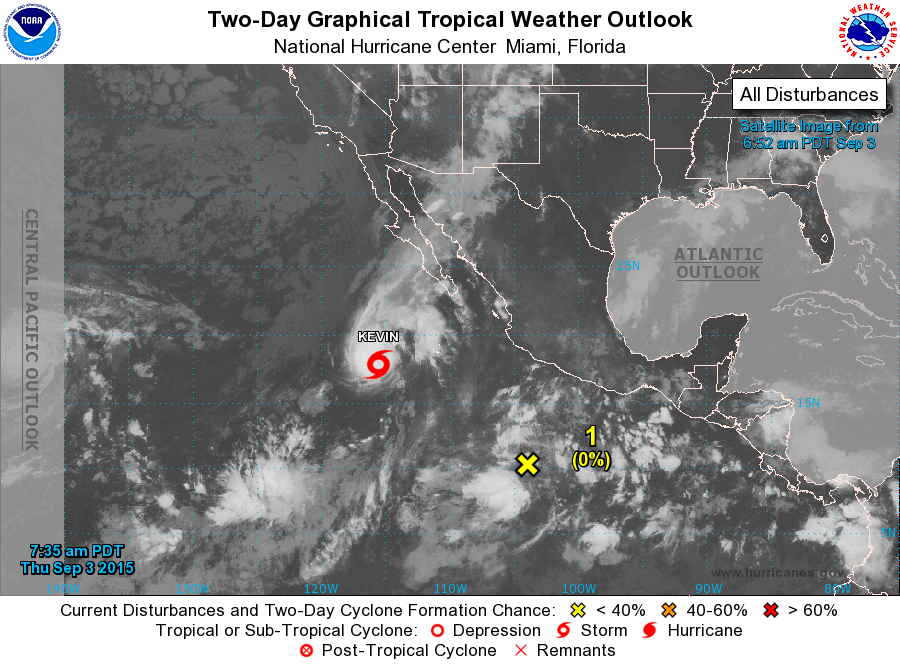
For the eastern North Pacific...east of 140 degrees west longitude:

The National Hurricane Center is issuing advisories on recently upgraded Tropical Storm Kevin, located several hundred miles southwest of the southern tip of the Baja California peninsula.

1. An area of disorganized cloudiness and showers is located several hundred miles south of Manzanillo, Mexico. Strong upper-level winds over this system are expected to diminish over the weekend, which could allow for some development of the disturbance early next week while it moves west-northwestward at 5 to 10 mph well off of the coast of Mexico.
* Formation chance through 48 hours...low...near 0 percent
* Formation chance through 5 days...low...20 percent

Forecaster Pasch